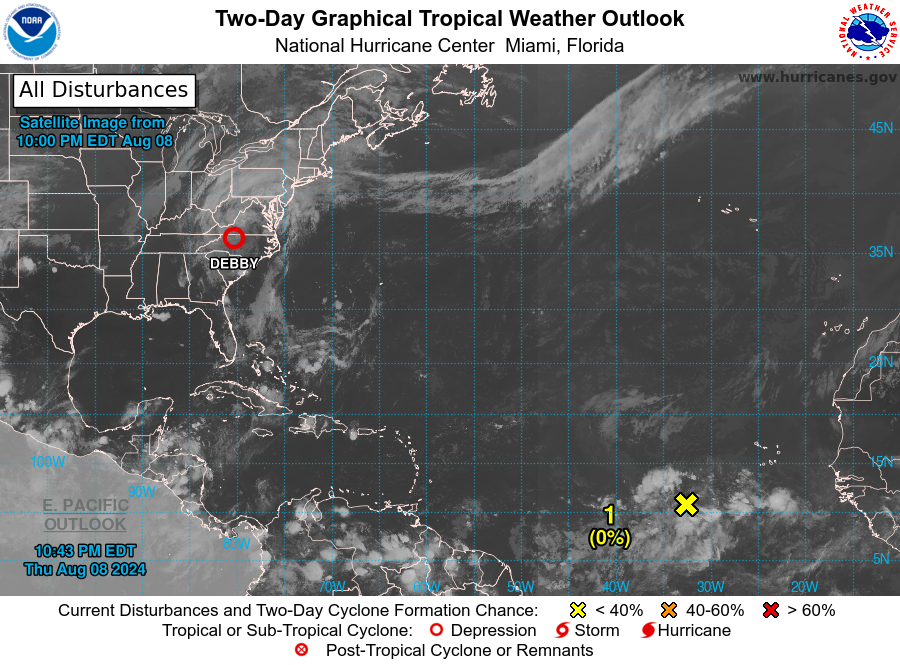
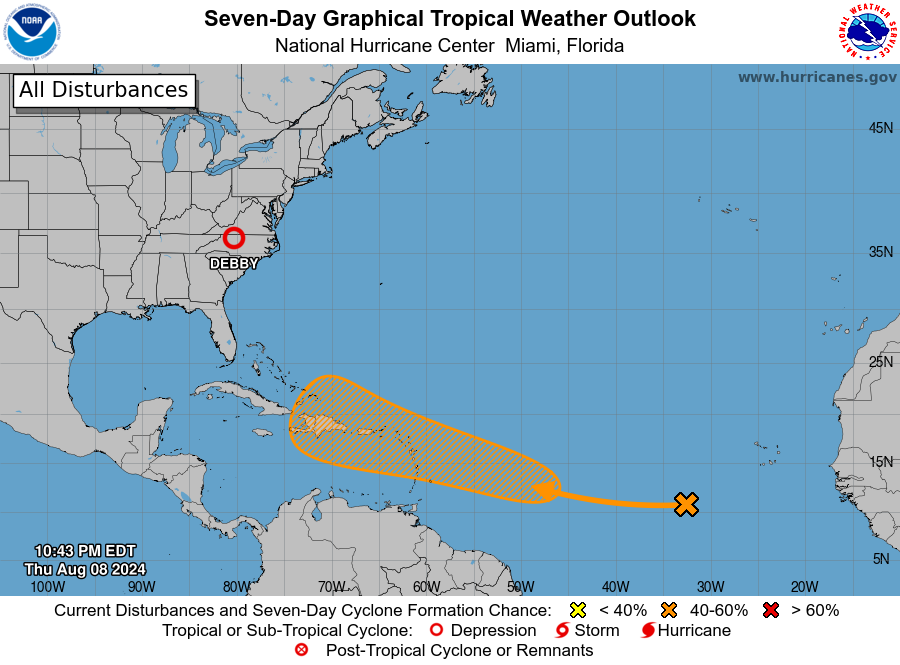
For the North Atlantic...Caribbean Sea and the Gulf of Mexico:

Active Systems: The National Hurricane Center has issued its last advisory on Tropical Depression Debby, located inland over North Carolina. Future advisories on Debby will be issued by the National Weather Service Weather Prediction Center.

1. Near the Lesser and Greater Antilles: A tropical wave located over the tropical Atlantic several hundred miles west-southwest of the Cabo Verde Islands is producing widespread disorganized showers and thunderstorms. Any development of the wave should be slow to occur during the next couple of days while it moves westward across the central tropical Atlantic. Afterwards, conditions are expected to become more conducive for development, and a tropical depression could form while it approaches the Lesser Antilles by early next week. The system is then forecast to move generally west-northwestward and could approach the Greater Antilles by the middle part of next week.
* Formation chance through 48 hours...low...near 0 percent.
* Formation chance through 7 days...medium...50 percent.

Forecaster Beven